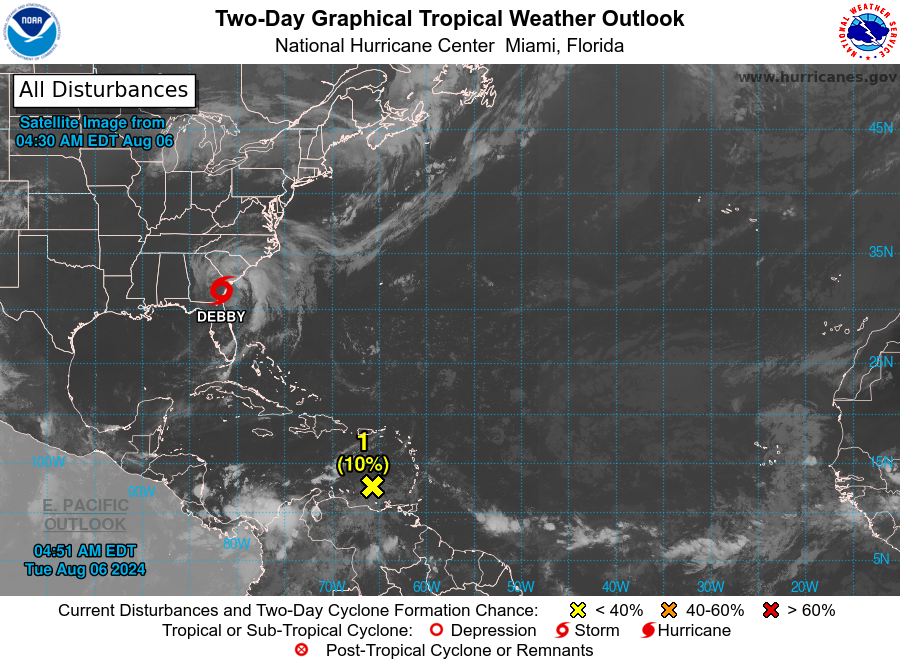
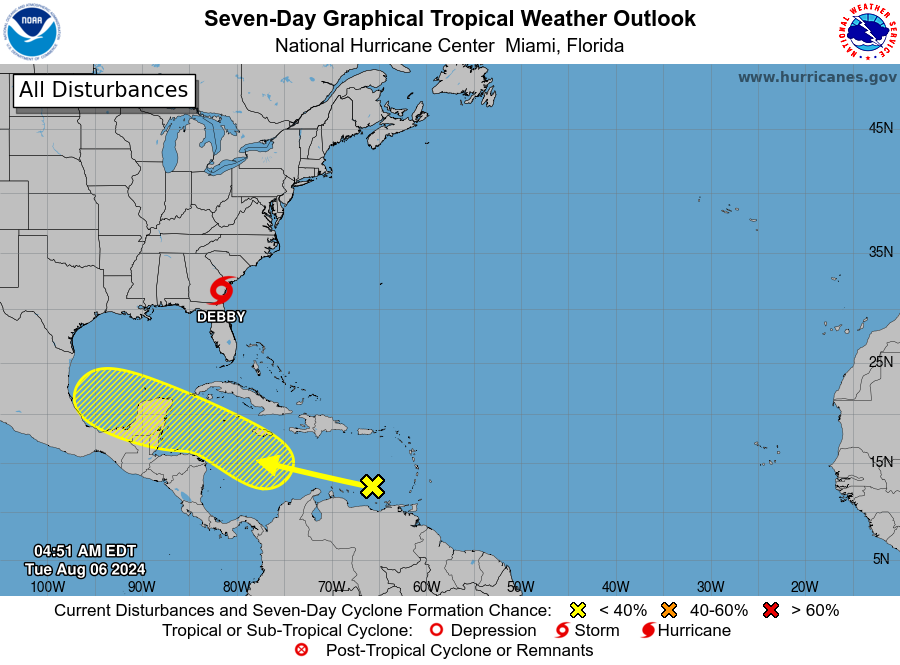
For the North Atlantic...Caribbean Sea and the Gulf of Mexico:

Active Systems: The National Hurricane Center is issuing advisories on Tropical Storm Debby, center inland over southeastern Georgia.

1. Western Caribbean Sea and Southwestern Gulf of Mexico: Showers and thunderstorms associated with a tropical wave located over the eastern Caribbean Sea remain disorganized. Any development of this system should be slow to occur during the next couple of days while it moves westward over the eastern and central Caribbean Sea. Environmental conditions are expected to become more conducive for development later this week as the system moves across the western Caribbean Sea or the southern Gulf of Mexico.
* Formation chance through 48 hours...low...10 percent.
* Formation chance through 7 days...low...30 percent.

Forecaster Bucci